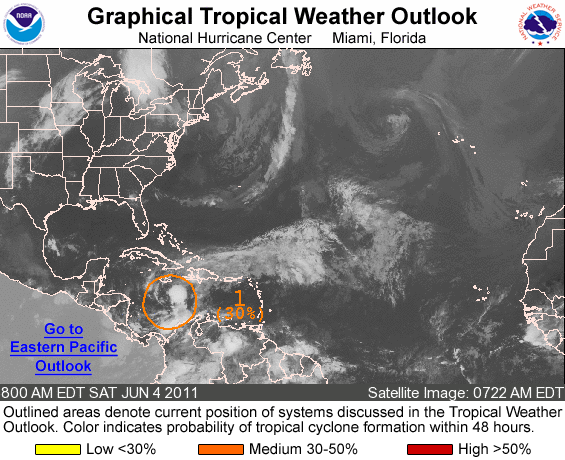
FOR THE NORTH ATLANTIC...CARIBBEAN SEA AND THE GULF OF MEXICO...

1. A BROAD AREA OF LOW PRESSURE...CENTERED ABOUT 100 MILES SOUTH OF JAMAICA...CONTINUES TO PRODUCE AN AREA OF SHOWERS AND THUNDERSTORMS OVER THE WEST-CENTRAL CARIBBEAN SEA. UPPER-LEVEL WINDS ARE EXPECTED TO BE CONDUCIVE FOR SOME DEVELOPMENT OF THIS SYSTEM OVER THE NEXT COUPLE OF DAYS...AND THERE IS A MEDIUM CHANCE...30 PERCENT...OF TROPICAL CYCLONE FORMATION DURING THE NEXT 48 HOURS. HEAVY RAINS COULD CAUSE FLASH FLOODING AND MUD SLIDES OVER PORTIONS OF HAITI... THE DOMINICAN REPUBLIC...JAMAICA...AND EXTREME SOUTHEASTERN CUBA OVER THE NEXT COUPLE OF DAYS AS THE LOW REMAINS NEARLY STATIONARY.

ELSEWHERE...TROPICAL CYCLONE FORMATION IS NOT EXPECTED DURING THE NEXT 48 HOURS.

FORECASTER BERG